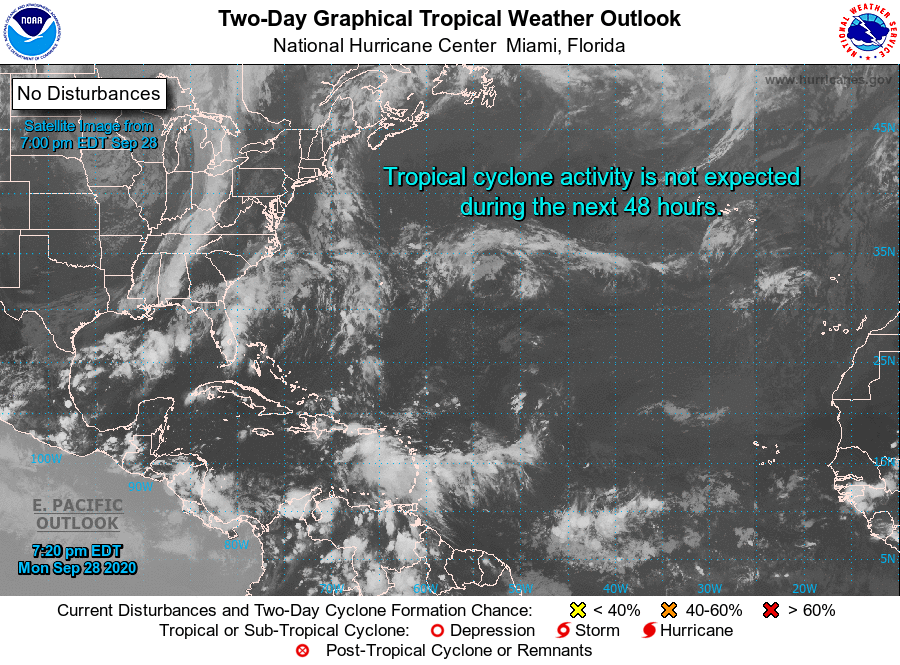
For the North Atlantic...Caribbean Sea and the Gulf of Mexico:

1. A broad area of low pressure is expected to form over the western Caribbean Sea in a few days. Environmental conditions are forecast to be conducive for some development thereafter, and a tropical depression could form late this week or this weekend while the system moves slowly west-northwestward over the northwestern Caribbean Sea.
* Formation chance through 48 hours...low...near 0 percent.
* Formation chance through 5 days...medium...50 percent.

Forecaster Blake